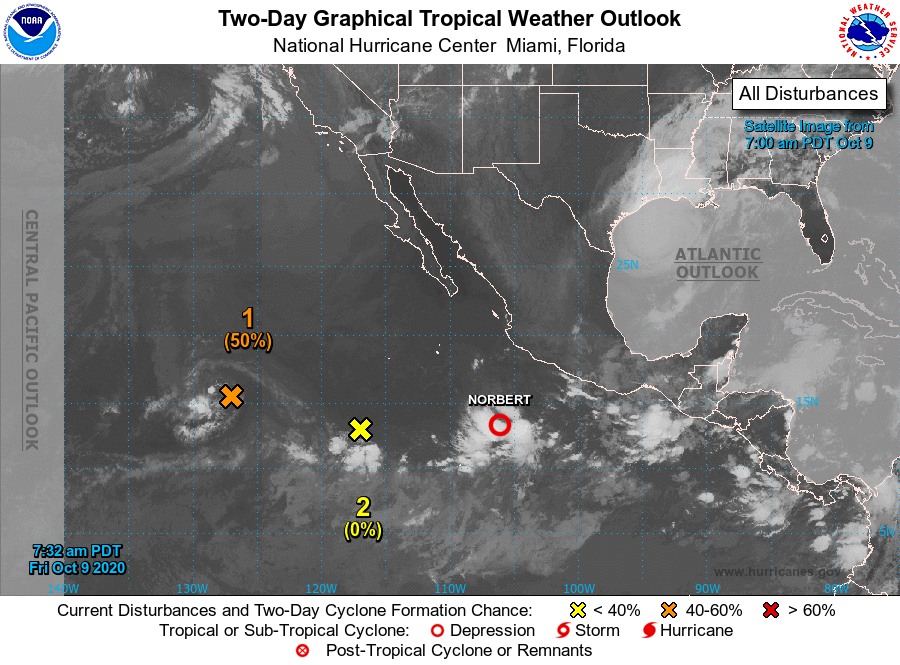
For the eastern North Pacific...east of 140 degrees west longitude:

The National Hurricane Center is issuing advisories on Tropical Depression Norbert, located several hundred miles south-southwest of Manzanillo, Mexico.

1. Showers and thunderstorms remain disorganized as dry mid-level air surrounds a small low pressure system located around 1000 miles west-southwest of the southern tip of the Baja California peninsula. Environmental conditions are forecast to be only somewhat conducive for development, but a tropical depression could still form while the low moves toward the west or west-southwest at about 10 mph during the next few days.
* Formation chance through 48 hours...medium...50 percent.
* Formation chance through 5 days...medium...60 percent.

2. A weak area of low pressure located about 750 miles southwest of the southern tip of the Baja California peninsula is producing limited shower and thunderstorm activity. Development of this system is no longer anticipated as it drifts toward the southeast or east during the next couple of days before dissipating near Tropical Depression Norbert early next week.
* Formation chance through 48 hours...low...near 0 percent.
* Formation chance through 5 days...low...near 0 percent.

Forecaster Latto